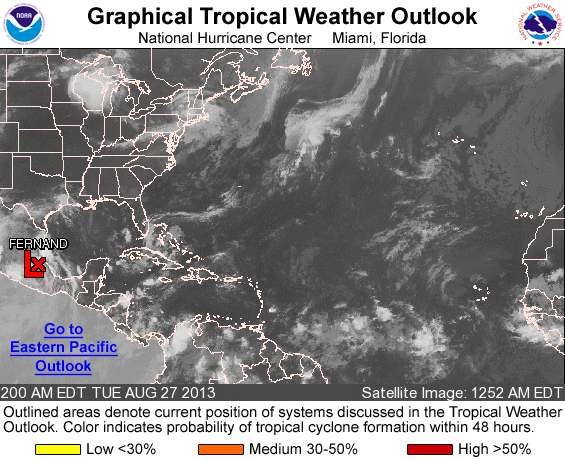
FOR THE NORTH ATLANTIC...CARIBBEAN SEA AND THE GULF OF MEXICO...

TROPICAL CYCLONE FORMATION IS NOT EXPECTED DURING THE NEXT 48 HOURS.

OTHER SYSTEMS WITH FORMATION POTENTIAL BEYOND 48 HOURS...

A TROPICAL WAVE LOCATED A COUPLE HUNDRED MILES SOUTHWEST OF THE CAPE VERDE ISLANDS IS EXPECTED TO MOVE WESTWARD OVER THE TROPICAL ATLANTIC AT ABOUT 15 MPH DURING THE NEXT SEVERAL DAYS. ENVIRONMENTAL CONDITIONS APPEAR SOMEWHAT CONDUCIVE FOR AN AREA OF LOW PRESSURE TO FORM WELL EAST OF THE WINDWARD ISLANDS BY THE END OF THE WEEK. THIS SYSTEM HAS A LOW CHANCE...NEAR 0 PERCENT...OF BECOMING A TROPICAL CYCLONE DURING THE NEXT 48 HOURS...AND A MEDIUM CHANCE...30 PERCENT...OF BECOMING A TROPICAL CYCLONE DURING THE NEXT 5 DAYS.

&&
FIVE-DAY FORMATION PROBABILITIES ARE EXPERIMENTAL IN 2013. COMMENTS ON THE EXPERIMENTAL FORECASTS CAN BE PROVIDED AT...

HTTP://WWW.NWS.NOAA.GOV/SURVEY/NWS-SURVEY.PHP?CODE=ETWO

FORECASTER BERG